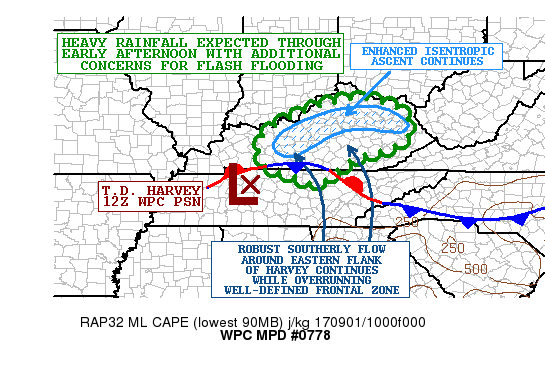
AREAS AFFECTED...CENTRAL/EASTERN KY...FAR NORTHERN TN

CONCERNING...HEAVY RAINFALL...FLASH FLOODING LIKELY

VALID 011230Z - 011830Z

SUMMARY...HEAVY RAINS WILL CONTINUE TO FOSTER CONCERNS FOR FLASH
FLOODING THROUGH THE LATE-MORNING AND EARLY-AFTERNOON HOURS.

DISCUSSION...T.D. HARVEY CLOSE TO BEING DECLARED EXTRATROPICAL AS
THE LOW CENTER ASSOCIATED WITH HARVEY COMPLETELY MERGES WITH A
FRONTAL ZONE OVER THE TN VALLEY. A WELL-DEFINED JET-ENHANCED
DRY-SLOT CAN ALSO BE SEEN WRAPPING NORTHEAST AROUND THE EASTERN
FLANK OF HARVEY AND SUGGESTIVE OF A SYSTEM TRANSITIONING TO A
BAROCLINIC LOW.

THE HEAVIEST RAINFALL IS NORTH OF THE LOW CENTER AND IS ASSOCIATED
WITH STRONG ISENTROPIC LIFT AND FRONTOGENETICALLY ENHANCED
FORCING. HOWEVER...THERE STILL IS AN AREA OF STRONGLY FORCED
CONVECTION IN A VERY NARROW FASHION JUST NORTH AND NORTHEAST OF
THE LOW CENTER WHERE THERE IS SOME VERY STRONG SURFACE CONVERGENCE
AND AT LEAST SOME VERY MODEST INSTABILITY TRANSPORT. RAINFALL
RATES WITHIN THIS NARROW CONVECTIVE BAND OVER SOUTHERN KY AND FAR
NORTH TN HAVE BEEN ON THE ORDER OF 1.5 INCHES/HR. SOME OF THESE
AREAS HAVE ALREADY SEEN AS MUCH AS 6 TO 9 INCHES OF RAIN...AND ANY
ADDITIONAL HEAVY RAINFALL WILL FOSTER ENHANCED RUNOFF AND FLASH
FLOODING.

THE LATEST HRRR GUIDANCE SUPPORTS SOME ADDITIONAL 2 TO 4 INCHES
RAINFALL TOTALS THROUGH 18Z...WHICH SEEMS REASONABLE BASED ON THE
LATEST RADAR/SATELLITE TRENDS. THIS IS ALSO GENERALLY SUPPORTED BY
A CONSENSUS OF THE 00Z HIRES ARW/NMMB SOLUTIONS. WILL CONTINUE TO
MONITOR.